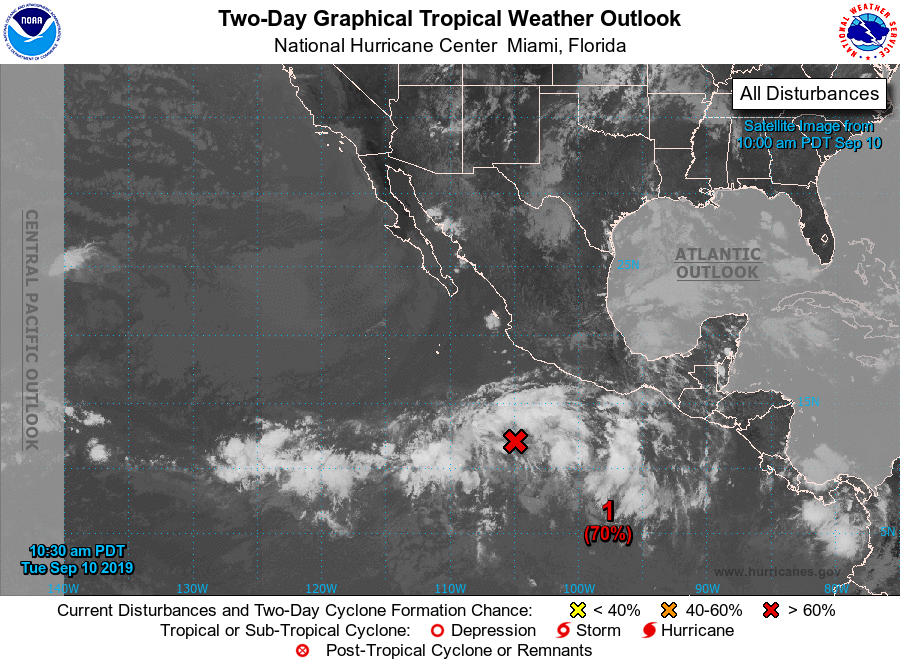
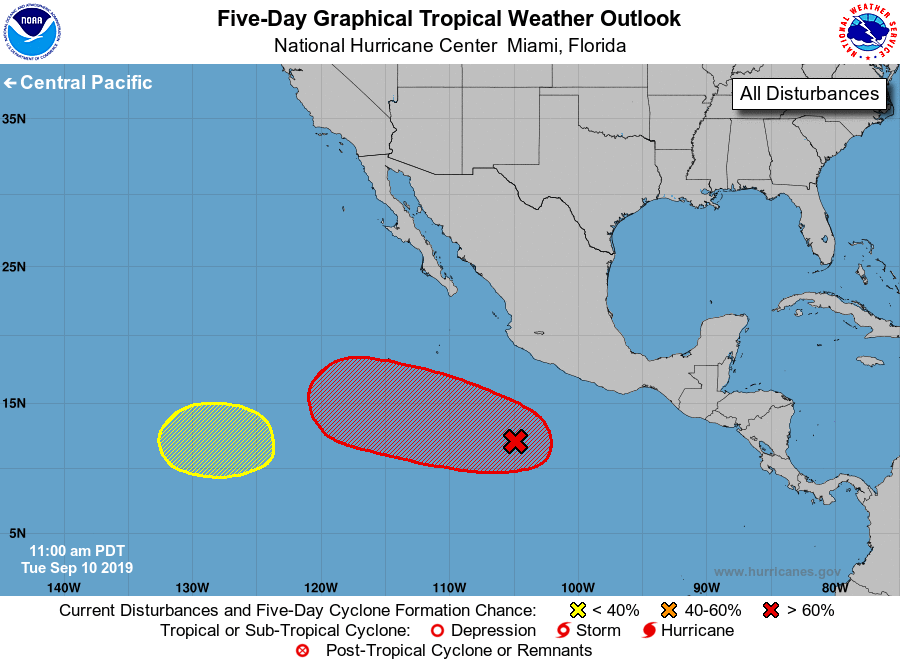
For the eastern North Pacific...east of 140 degrees west longitude:

1. A large and disorganized area of showers and thunderstorms is located several hundred miles southwest of Acapulco, Mexico. This disturbed weather is associated with a broad area of low pressure that has become better defined over the past 24 hours. Environmental conditions are expected to be conducive for further development, and a tropical depression is likely to form on Thursday or Friday while the system moves west-northwestward at 10 to 15 mph.
* Formation chance through 48 hours...high...70 percent.
* Formation chance through 5 days...high...90 percent.

2. An area of low pressure is expected to form more than 1000 miles to the southwest of the southern tip of the Baja California peninsula by late this week. Some additional slow development is possible as the system moves slowly westward.
* Formation chance through 48 hours...low...near 0 percent.
* Formation chance through 5 days...low...30 percent.

Forecaster Hamrick/Blake